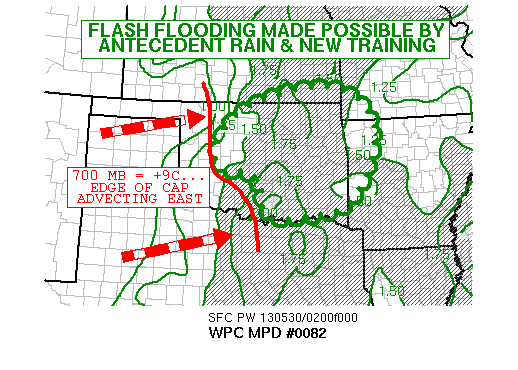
AREAS AFFECTED...NORTHERN AND EASTERN OK...FAR SOUTHEAST KS...FAR
SOUTHWEST MO...FAR WESTERN AR

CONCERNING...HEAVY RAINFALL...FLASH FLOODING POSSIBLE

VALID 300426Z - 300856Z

SUMMARY...FLASH FLOODING IS POSSIBLE WITH TRAINING
CELLS...ESPECIALLY WHERE EARLIER RAINS LOWERED GUIDANCE VALUES IN
CENTRAL AND NORTHERN OK.

DISCUSSION...ALTHOUGH FLASH FLOOD GUIDANCE WAS RELATIVELY HIGH IN
THIS REGION...THERE WERE AREAS OF CENTRAL AND NORTHERN OK...EVEN
ADJACENT PORTIONS OF SOUTHEAST KS RECEIVING MULTIPLE RAIN EVENTS
THIS EVENING. INDIVIDUAL CELL MOTIONS WERE QUICK TOWARD THE
NORTHEAST...BUT CELL REDEVELOPMENT AND TRAINING WERE FAVORED NEAR
THE EDGE OF THE CAP...APPROXIMATED BY THE +9C TEMPERATURE CONTOUR
AT 700 MB. THIS HAD RESULTED IN ROBUST CONVECTION AND TRAINING IN
TWO CLUSTERS...SC OK AND WNW OK AT 04Z. THE NORTHERN CLUSTER WILL
MOVE BACK OVER AREAS WHICH ALREADY RECEIVED 1-3 INCHES OF RAIN IN
NORTHERN OKLAHOMA.

SOME SOUTHWARD DEVELOPMENT TOWARD OKC IS POSSIBLE...ALTHOUGH
LARGER SCALE MID LEVEL ASCENT WILL TRANSLATE QUICKLY EASTWARD...
AND THE CAP IS FORECAST TO DEVELOP EASTWARD...PROVIDING A
RELATIVELY SHARP BACK EDGE TO THE ACTIVITY.

MIXED LAYER CAPE VALUES DECREASE TOWARD WESTERN AR/SOUTHWEST
MO/SOUTHEAST KS...BUT THE SYNOPTIC LIFT MOVING INTO THIS AREA MAY
COMPENSATE...AND WORK WITH MID/UPPER MOISTURE TO PRODUCE DEEP
UPDRAFTS ROOTED ABOVE THE SURFACE WITHIN AN EFFICIENT RAIN
PRODUCING ENVIRONMENT...PW 1.50-1.75 INCHES. AGAIN...THE FLOOD
THREAT WILL BE GREATEST ALONG THE S TO SW FLANK OF STORM CLUSTERS
WHERE COLD POOLS WILL INTERCEPT THE LOW LEVEL JET AND MORE
UNSTABLE ENVIRONMENT UPWIND.